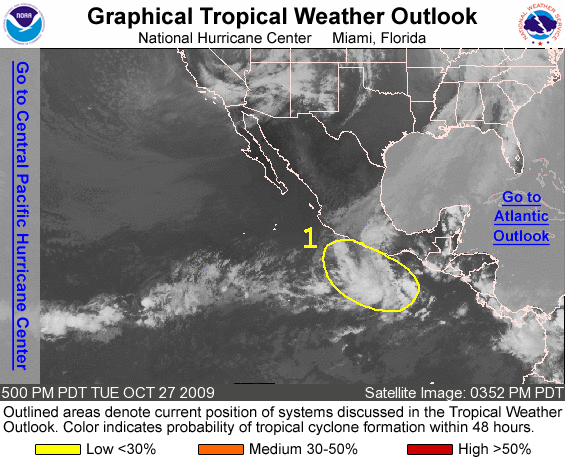
FOR THE EASTERN NORTH PACIFIC...EAST OF 140 DEGREES WEST LONGITUDE..

1. DISORGANIZED SHOWERS AND THUNDERSTORMS EXTEND FROM THE COAST OF MEXICO NEAR ACAPULCO SOUTHWARD FOR A FEW HUNDRED MILES. SLOW DEVELOPMENT OF THIS SYSTEM IS POSSIBLE OVER THE NEXT COUPLE OF DAYS AS IT REMAINS NEARLY STATIONARY. THERE IS A LOW CHANCE...LESS THAN 30 PERCENT...OF THIS SYSTEM BECOMING A TROPICAL CYCLONE DURING THE NEXT 48 HOURS.

ELSEWHERE...TROPICAL CYCLONE FORMATION IS NOT EXPECTED DURING THE NEXT 48 HOURS.

FORECASTER BEVEN